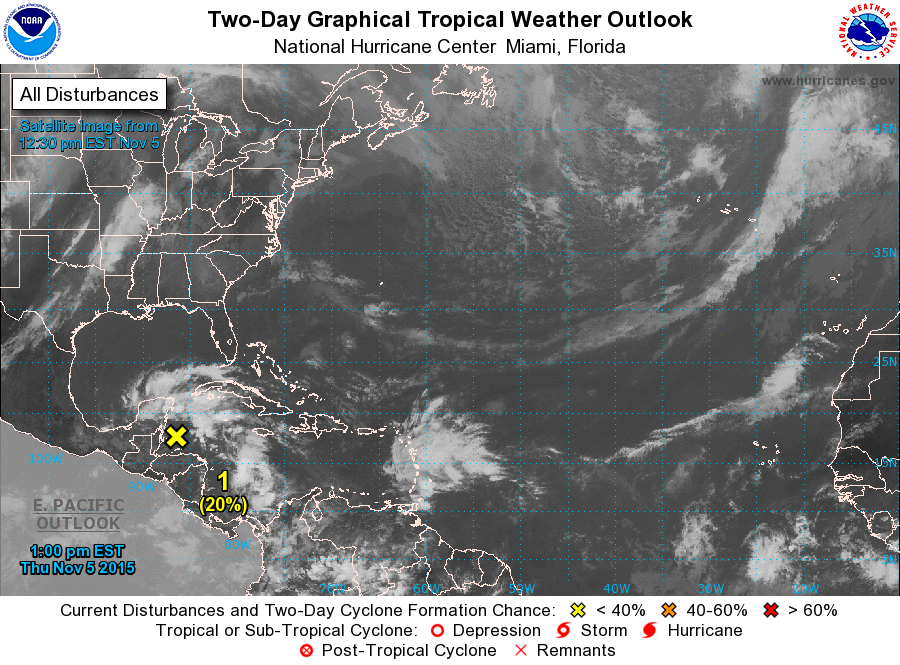
For the North Atlantic...Caribbean Sea and the Gulf of Mexico:

1. A broad low pressure area over the northwestern Caribbean Sea is producing disorganized shower and thunderstorm activity. This system is expected to move west-northwestward across the Yucatan Peninsula into the southwestern Gulf of Mexico by the weekend. Some slow development is possible during the couple of days. After that time, the low is expected to encounter a cold front, which would make additional development unlikely.
* Formation chance through 48 hours...low...20 percent
* Formation chance through 5 days...low...20 percent

2. An area of low pressure could form near or to the north of Puerto Rico and Hispaniola late this weekend. Some slow development of this system is possible early next week while it moves northwestward.
* Formation chance through 48 hours...low...near 0 percent
* Formation chance through 5 days...low...20 percent

Forecaster Beven